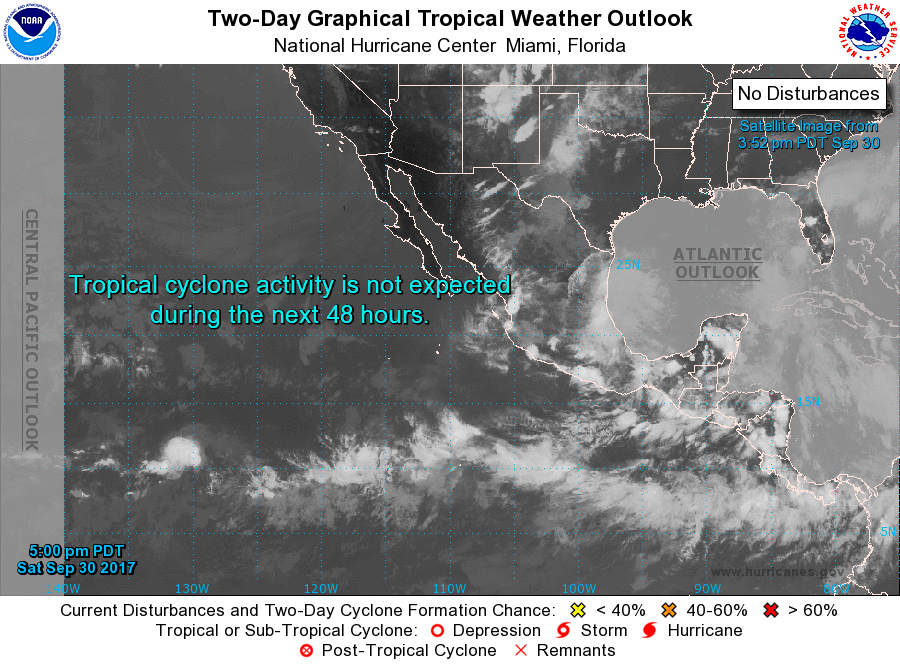
For the eastern North Pacific...east of 140 degrees west longitude:

1. An area of low pressure is forecast to develop a few hundred miles south of the southern coast of Mexico or Guatemala, near the Gulf of Tehuantepec, by the middle of next week. Environmental conditions are expected to be conducive for gradual development while the system moves slowly west-northwestward or northwestward.
* Formation chance through 48 hours...low...near 0 percent.
* Formation chance through 5 days...medium...50 percent.

Forecaster Beven